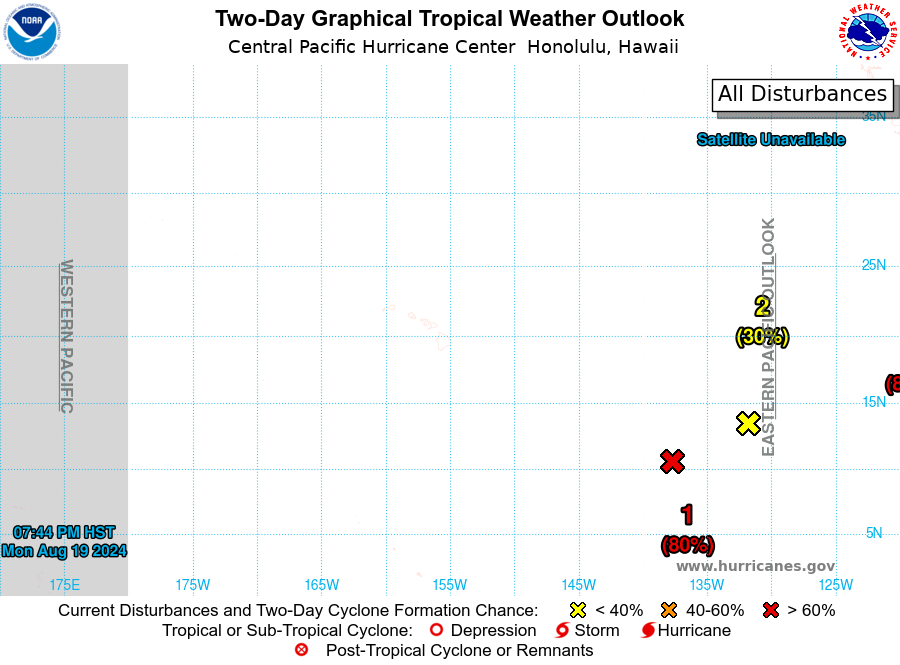
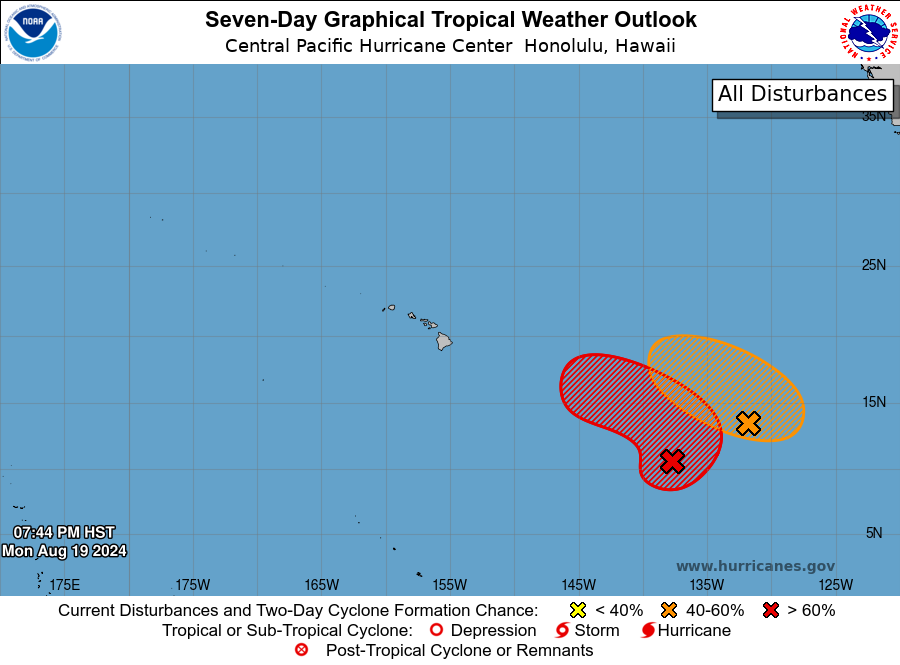
For the central North Pacific...between 140W and 180W:

1. Approximately 1300 miles east-southeast of Hilo, Hawaii (EP90): Shower and thunderstorm activity has changed little in organization in association with an area of low pressure located well east southeast of Hawaii. Environmental conditions appear conducive for further development, and a tropical depression is likely to form during the next day or two. The disturbance is forecast to meander slowly northward or northeastward during the next day to two, while interacting with or possibly combining with another disturbance located a few hundred miles to its east-northeast. The combined system is then forecast to accelerate west-northwestward into the Central Pacific basin by Wednesday night. Information on this system\'s development can also be found in the Tropical Weather Outlook for the Eastern Pacific basin.
* Formation chance through 48 hours...high...80 percent.
* Formation chance through 7 days...high...80 percent.

Elsewhere, no tropical cyclones are expected during the next 7 days.

The Tropical Weather Outlook for the Eastern Pacific basin can be found under AWIPS header HFOTWOEP and WMO header ABPZ20 KNHC and on the web at hurricanes.gov

Forecaster Blood